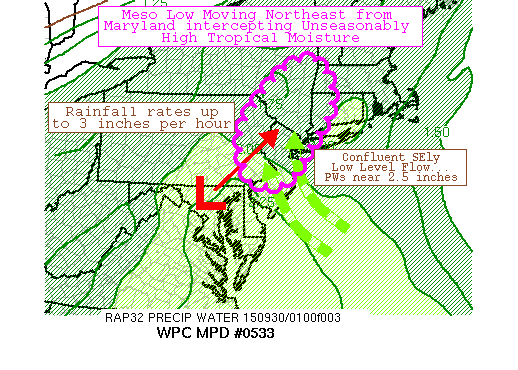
AREAS AFFECTED...EASTERN PA...NJ...SOUTHEAST NY...CT...WRN MA

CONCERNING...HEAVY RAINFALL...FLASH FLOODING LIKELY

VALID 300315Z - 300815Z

SUMMARY...INCREASING HEAVY RAINS AND EMBEDDED CONVECTION AIDED BY
WELL DEFINED MESO LOW LIFTING NEWD FROM NORTHERN MARYLAND LIKELY
TO LEAD TO FLASH FLOODING.

DISCUSSION...SFC/RADAR IMAGERY SHOWS A WELL DEFINED MESO LOW
CIRCULATION OVER NORTHERN MARYLAND RIDING NORTHEASTWARD ALONG
RIBBON OF WEAK INSTABILITY TOWARD SOUTHEAST PENNSYLVANIA.
SATELLITE IMAGERY CONTINUES TO SHOW FAIRLY COLD TOP CONVECTION
WITH AND TO THE NORTHEAST OF THIS SYSTEM.  THE LOW ITSELF IS
HELPING PROVIDE INCREASING MOISTURE CONFLUENCE/LIFT IN AN
OTHERWISE IMPRESSIVE TROPICAL MOISTURE REGIME WELL IN ADVANCE OF A
SYNOPTIC COLD FRONT ACROSS THE OH VALLEY.  SATELLITE AND GPS PWS
INDICATE PWS AS HIGH AS 2.5 INCHES EAST OF THE LOW CIRCULATION AND
THE COMBINATION OF THE VERY HIGH MOISTURE...TALL SKINNY
CAPES...AND ENHANCED CONVERGENCE WITH THE LOW WILL CONTINUE TO
LEAD TO SOME VERY IMPRESSIVE LOCALIZED HEAVY RAINFALL RATES.
RECENT STORM HISTORY HAS SHOWN RAINFALL RATES OF 2 TO 3 INCHES PER
HOUR ACROSS PARTS OF CENTRAL MARYLAND WITH SOME 3 HOURLY RATES
OVER 5 INCHES.

EXPECT THE HEAVIER RAINS WITH EMBEDDED CONVECTIVE CELLS TO
CONTINUE TO LIFT NEWD ACROSS ERN PA..NJ..SE NY..INTO WRN CT BASED
ON 12Z RUNS OF THE WRF ARW AND NSSL WRF WHICH APPEAR TO HAVE THE
BEST HANDLE ON SHORT TERM TRENDS.